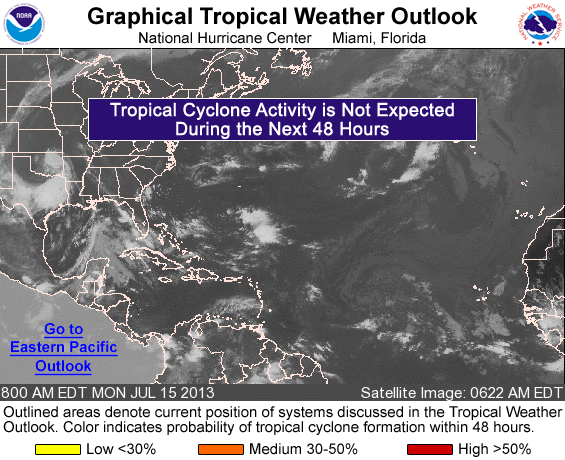
FOR THE NORTH ATLANTIC...CARIBBEAN SEA AND THE GULF OF MEXICO...

TROPICAL CYCLONE FORMATION IS NOT EXPECTED DURING THE NEXT 48 HOURS.

FORECASTER KIMBERLAIN